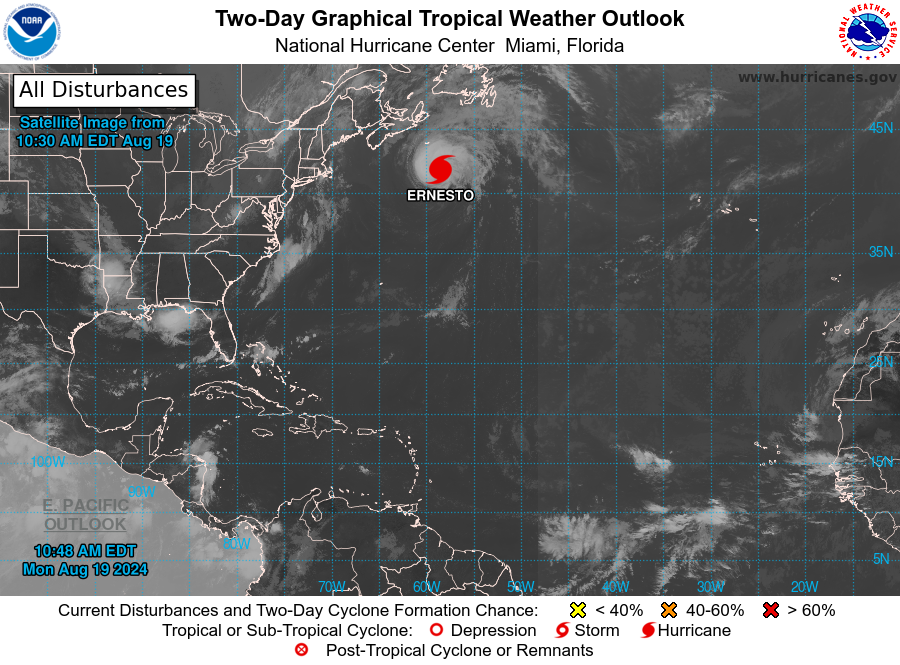
For the North Atlantic...Caribbean Sea and the Gulf of Mexico:

Active Systems: The National Hurricane Center is issuing advisories on Hurricane Ernesto, located over the western Atlantic a few hundred miles south of Atlantic Canada.

Tropical cyclone formation is not expected during the next 7 days.

Forecaster Cangialosi/Nepaul